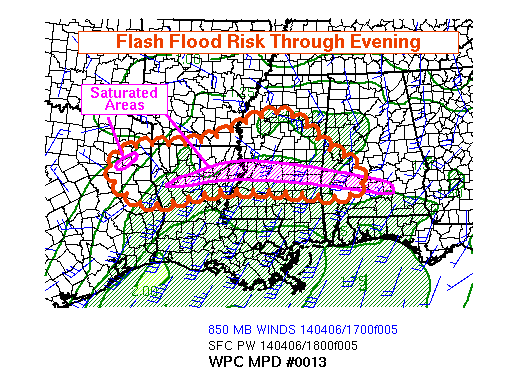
AREAS AFFECTED...ERN TX...SE AR...LA...MS...WRN AL

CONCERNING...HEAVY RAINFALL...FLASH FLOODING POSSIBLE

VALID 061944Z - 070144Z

SUMMARY...FLASH FLOOD RISK IS GREATEST OVER SATURATED SOIL THROUGH
EVENING. HEAVY RAIN RATES CAPABLE OF MEETING FLASH FLOOD GUIDANCE
WILL ALSO EXPAND WITH TIME...ESPECIALLY TO THE NORTH.

DISCUSSION...THE 12Z HIGH RESOLUTION MODELS SHIFTED THEIR AXES OF
HEAVY QPF NORTHWARD INTO THE OUTLINED AREA...AND ARE SUPPORTED BY
THE LATEST HRRR RUNS. A NARROW SWATH OF THE AREA HAD ALREADY SEEN
2 TO 4 INCHES OF RAIN.

A GROWING MASS OF CONVECTION IN TX/LA AT 1930Z WAS LIKELY THE
BEGINNING OF A PROGRESSIVE MCS EVENT THAT WILL AFFECT ADJACENT AR
AND CENTRAL MS THROUGH 01Z. FLUX OF MOISTURE/INSTABILITY WILL ALSO
INCREASE DOWNSTREAM INTO AL WHERE EARLIER OUTFLOWS AND CONTINUED
MID LEVEL GRADIENTS MAY SUPPORT FORMATION OF ADDITIONAL MDT/HVY
DOWNPOURS BEFORE SYNOPTIC FORCING SHIFTS NORTH. IN LA THE
SITUATION SHOULD TRANSITION TOWARD ONE OF BACKBUILDING AND SW TO
NE TRAINING BY EVENING AS LOW LEVEL FLOW VEERS TO BECOME PARALLEL
WITH THE UPPER LEVELS. THIS SETUP WAS ALREADY EVIDENT WITH THE
FLOODING REPORTS NEAR TYLER TX WHERE VEERING HAD BEGUN.

MODELS FEATURE ROBUST PRECIP TOTALS...WITH ANOTHER 1-3 INCHES ON
AVERAGE THROUGH MID EVENING...AND SOME SUGGESTION BY THE WRF-ARW
OF LOCAL 4-6 INCH TOTALS FOR THE AFTERNOON/OVERNIGHT EVENT ALONE.
THIS WOULD BE ESPECIALLY CONCERNING FOR THE SATURATED SWATH FROM
NE LA TO NEAR JACKSON MS WHERE THE MODEL QPFS ARE UNANIMOUSLY
HEAVY.